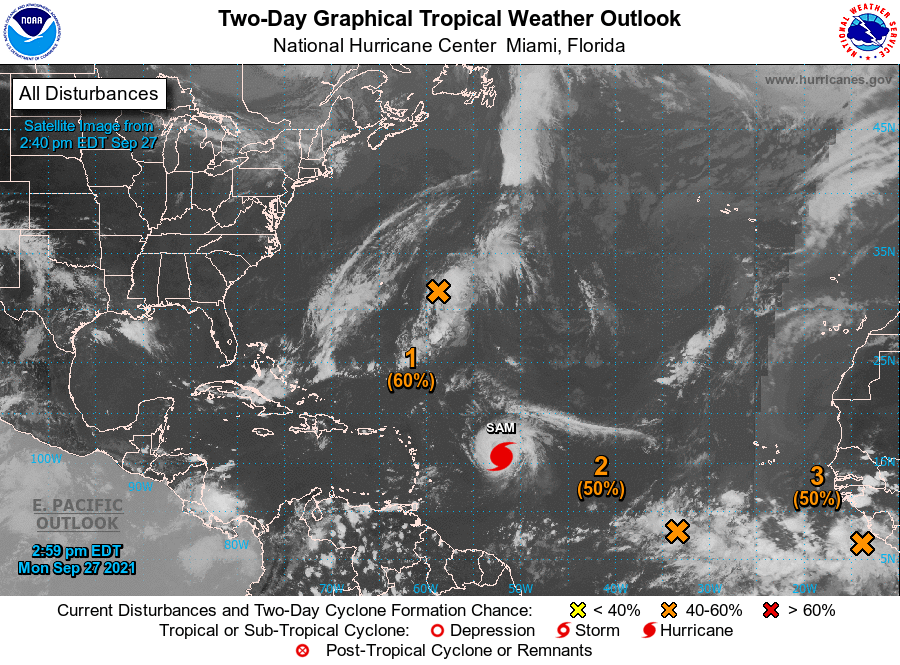
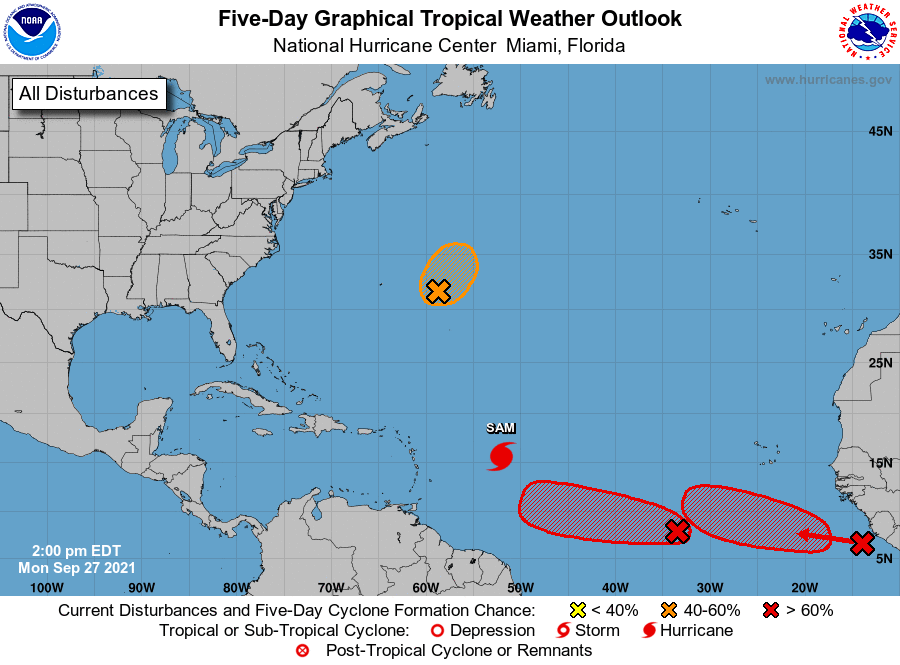
For the North Atlantic...Caribbean Sea and the Gulf of Mexico:

The National Hurricane Center is issuing advisories on Hurricane Sam, located several hundred miles east of the Lesser Antilles.

1. The area of low pressure associated with the remnants of Peter is located a few miles east of Bermuda. The low has become better defined today, and the shower and thunderstorm activity has become a little better organized. Any further increase in organization could result in the formation of a short-lived tropical depression, while it moves northeastward at about 10 mph. By Wednesday, environmental conditions are expected to become unfavorable for further development.
* Formation chance through 48 hours...medium...60 percent.
* Formation chance through 5 days...medium...60 percent.

2. A broad area of low pressure located several hundred miles southwest of the Cabo Verde Islands is producing disorganized showers and thunderstorms. Environmental conditions are conducive for further development of this disturbance, and a tropical depression is likely to form in a few of days while it moves westward to west-northwestward at 5 to 10 mph over the central tropical Atlantic.
* Formation chance through 48 hours...medium...50 percent.
* Formation chance through 5 days...high...80 percent.

3. A tropical wave located just offshore the west coast of Africa is producing a large area of disorganized showers and thunderstorms. Upper-level winds are conducive for gradual development, and a tropical depression is likely to form in a few days while the system moves westward to west-northwestward at 10 to 15 mph over the far eastern tropical Atlantic.
* Formation chance through 48 hours...medium...50 percent.
* Formation chance through 5 days...high...80 percent.

Forecaster Hagen/Pasch